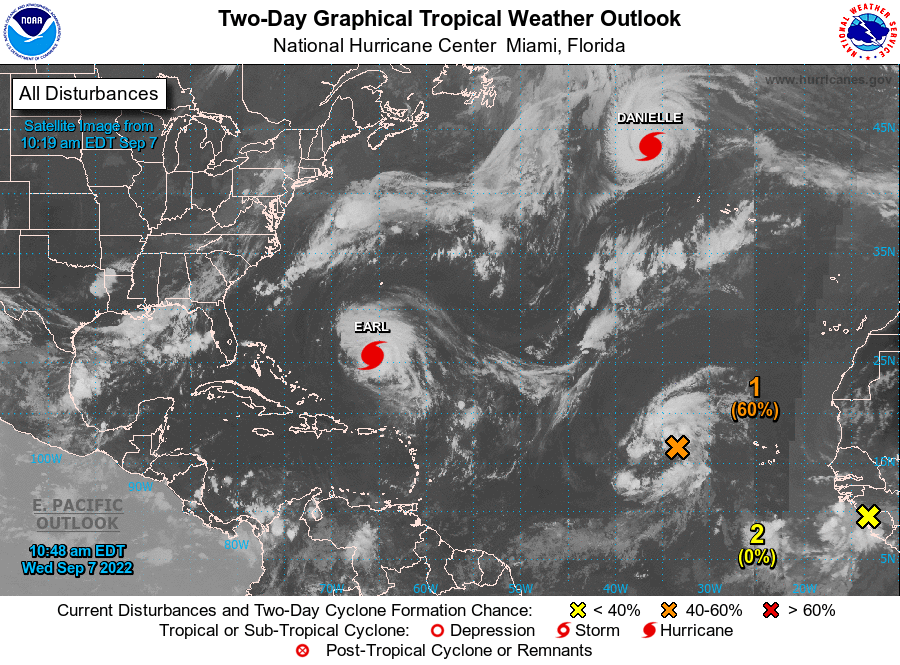
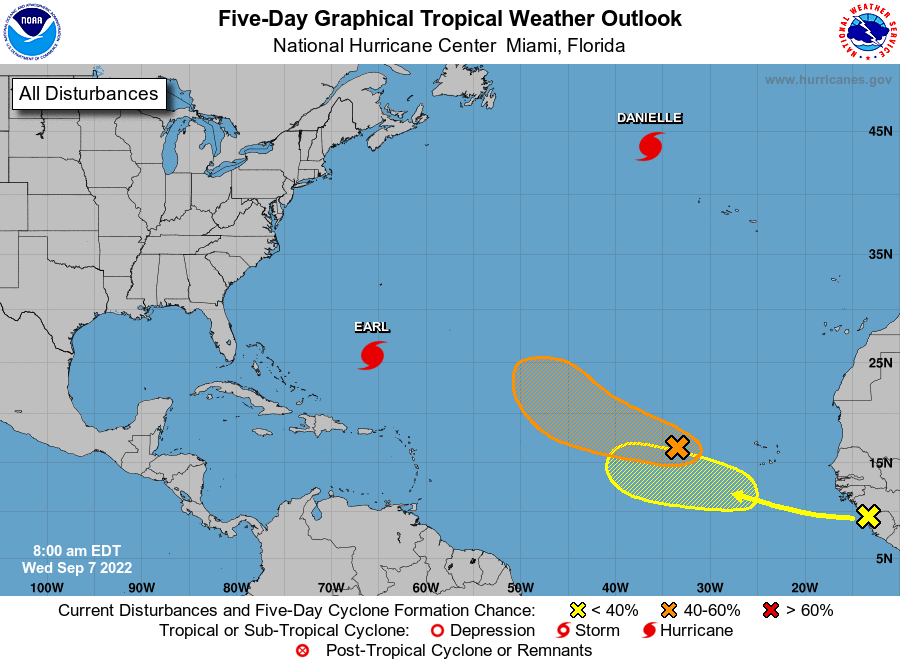
For the North Atlantic...Caribbean Sea and the Gulf of Mexico:

Active Systems: The National Hurricane Center is issuing advisories on Hurricane Danielle, located several hundred miles northwest of the Azores, and on Hurricane Earl, located several hundred miles south of Bermuda.

1. Eastern Tropical Atlantic: An area of low pressure located several hundred miles west of the Cabo Verde Islands is producing a large area of disorganized showers and thunderstorms. Environmental conditions appear conducive for additional development of this system over the next couple of days, and a tropical depression could form over this period while it moves westward to west-northwestward at 15 to 20 mph over the eastern and central tropical Atlantic. After that time, upper-level winds are forecast to become less conducive for development.
* Formation chance through 48 hours...medium...60 percent.
* Formation chance through 5 days...medium...60 percent.

2. African Coast: A tropical wave currently located near the west African coast is forecast to emerge offshore into the eastern Atlantic over the next day or so. Environmental conditions appear conducive for some gradual development thereafter as the system moves west-northwestward over the eastern tropical Atlantic.
* Formation chance through 48 hours...low...near 0 percent.
* Formation chance through 5 days...low...30 percent.

Forecaster Papin